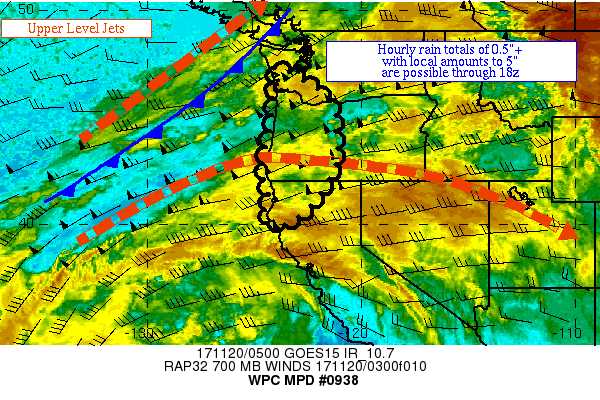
AREAS AFFECTED...WESTERN OR & NORTHWEST CA

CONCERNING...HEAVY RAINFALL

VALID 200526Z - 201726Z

SUMMARY...ONSHORE FLOW COMBINED WITH LIMITED INSTABILITY AND
SIGNIFICANT DIVERGENCE ALOFT SHOULD LEAD TO HOURLY RAINFALL TOTALS
OF 0.5"+ WITHIN FAVORED TOPOGRAPHY AND LOCAL AMOUNTS TO 5" THROUGH
18Z.

DISCUSSION...PER A RECENT NESDIS/SAB BRIEFING, A BROADLY DIVERGENT
AREA ALOFT EXISTS BETWEEN THE NORTHERN STREAM JET ACROSS
SOUTHWESTERN CANADA AND THE SOUTHERN STREAM JET STREAKING BY THE
OR/CA BORDER.  WATER VAPOR IMAGERY SHOWS A MOISTURE PLUME
EMANATING FROM SOUTHEAST OF HAWAI'I MAKING SUBSTANTIAL PROGRESS
INTO THE NORTHWEST AND TOWARDS NORTHERN CA, WHICH SHOWS UP
STRONGLY IN THE SURFACE-850 HPA LAYER PER THE CIRA LAYERED
PRECIPITABLE WATER IMAGERY.  SPC MESOANALYSES SHOW SLOWLY
INCREASING MU CAPE VALUES, NOW >100 J/KG OFFSHORE OR.  INFLOW AT
850 HPA WAS OUT OF THE SOUTHWEST AT 30-60 KTS PER VAD WIND
PROFILES, WHILE 700 HPA FLOW WAS MORE WESTERLY AT 40-60 KTS.
PRECIPITABLE WATER VALUES ARE 0.7-1.1" PER GPS VALUES ACROSS
WESTERN WA, OR, AND NORTHERN CA.

HEAVY RAINFALL HAS BEEN SEEN ACROSS PORTIONS OF THE WA COASTAL
RANGES AND CASCADES WITH THE INITIAL SURGE OF MOISTURE MOVING IN
AHEAD OF A COLD FRONT, WITH HOURLY RAIN TOTALS OF 0.3-0.6" NOTED
IN AREA MESONETS.  TO THE SOUTH, SHOWERS WERE STARTING TO BECOME
MORE CONCENTRATED NEAR THE SOUTHERN STREAM JET, MOVING INTO
SOUTHWEST OR AND NORTHERN CA AND HOURLY RAIN TOTALS WERE CLOSE TO
0.1".

WITH TIME, THE 850 HPA AND 700 HPA FLOW BECOME MORE ALIGNED OUT OF
THE WEST, AND BOUNDARY LAYER MOISTURE CONVERGENCE AIDS IN
PRECIPITATION PRODUCTION ACROSS WESTERN OR AND NORTHWEST CA.
UPSTREAM PRECIPITABLE WATER VALUES OF 1.5"+ EXIST PER RAP
FORECASTS AND SATELLITE DERIVED VALUES.  WET BULB ZERO HEIGHTS
WILL BE PARTICULARLY HIGH NEAR THE CA/OR BORDER WHERE 700 HPA
TEMPERATURES WILL BE NEAR 0C.  INFLOW AT 850 HPA SLOWLY WEAKENS
WHILE 700 HPA INFLOW INCREASES SLIGHTLY AS A SYSTEM OFFSHORE THE
NORTHWEST MOVES INTO VANCOUVER ISLAND.  SREF MEAN MASS FIELDS
INDICATE THAT THE LEVEL OF INSTABILITY ACROSS THE REGION SHOULD BE
FAIRLY CONSTANT THROUGH 15Z BEFORE POSSIBLY FADING.

THE INGREDIENTS AVAILABLE SUGGEST HOURLY RAIN RATES TO ~0.5"
SHOULD BE POSSIBLE.  THE MESOSCALE GUIDANCE AGREES, WITH THE 00Z
HREF PROBABILITIES OF EXCEEDING 0.5" AN HOUR TOTALS GREATER THAN
50% SHIFTING SOUTHWARD THROUGH OR WITH TIME WHILE THE SOUTHERN
AREA IN SOUTHWEST OR/NORTHWEST CA EXHIBITS A SIMILAR THREAT BEYOND
07Z.  THE MESOSCALE GUIDANCE HAS A GOOD SIGNAL FOR LOCAL AMOUNTS
IN THE 4-5", WHICH WOULD BE MOST PROBLEMATIC NEAR ANY EXISTING
BURN SCARS AND IN STEEP TERRAIN PRONE TO ROCK SLIDES.